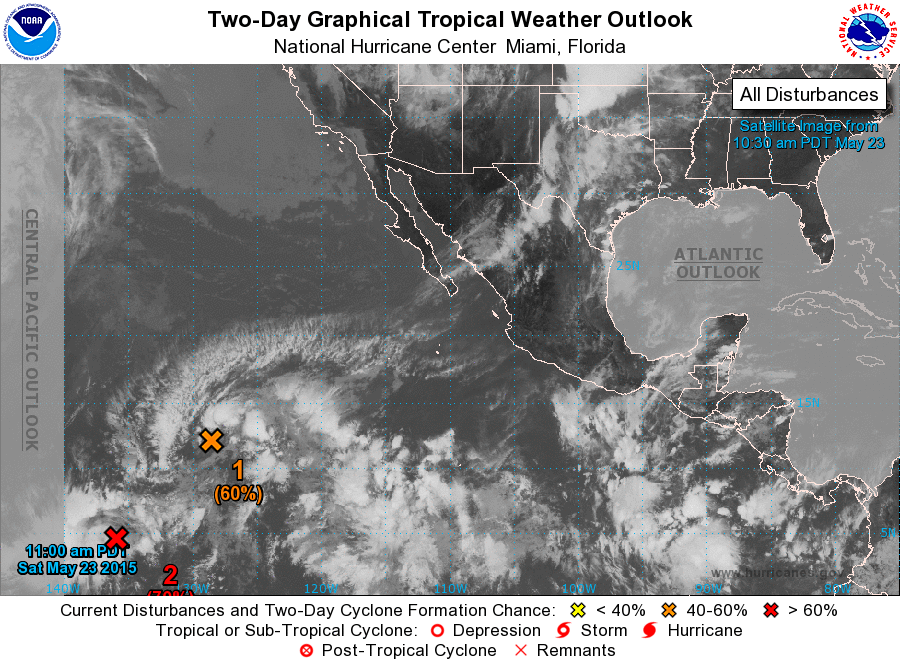
For the eastern North Pacific...east of 140 degrees west longitude:

1. Shower activity associated with an elongated area of low pressure located about 1450 miles southwest of the southern tip of Baja California has decreased during the past 24 hours. However, environmental conditions still appear conducive for gradual development during the next couple of days while it moves west- northwestward at 10 to 15 mph. Thereafter, the system should move over cooler water and into an area of less favorable upper-level winds.
* Formation chance through 48 hours...medium...60 percent
* Formation chance through 5 days...high...70 percent

2. Shower activity associated with an area of low pressure located about 1650 miles southeast of the Big Island of Hawaii has become better organized over the past 24 hours. Some additional development is possible during the next day or two, and a tropical depression could form during that time. After that time, development is not expected due to the proximity of the disturbance to its northeast and north.
* Formation chance through 48 hours...high...70 percent
* Formation chance through 5 days...high...70 percent

3. An area of low pressure may form early next week several hundred miles south of the coast of Mexico. Environmental conditions are expected to be conducive for subsequent slow development of the system.
* Formation chance through 48 hours...low...near 0 percent
* Formation chance through 5 days...low...20 percent

Forecaster Beven